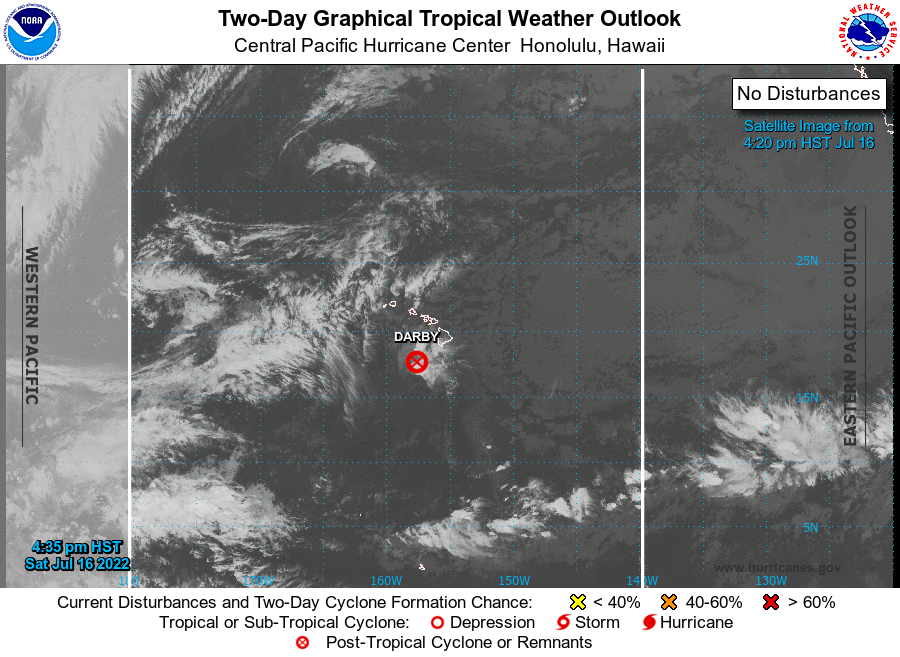
For the central North Pacific...between 140W and 180W:

The Central Pacific Hurricane Center is issuing advisories on rapidly weakening Tropical Storm Darby, which is centered about 150 miles south-southwest of Hilo, Hawaii.

Elsewhere, no tropical cyclones are expected during the next 5 days.

Public Advisories on Tropical Storm Darby are being issued under WMO header WTPA31 PHFO, and under AWIPS header HFOTCPCP1.

Forecast Advisories on Tropical Storm Darby are being issued under WMO header WTPA21 PHFO, and under AWIPS header HFOTCMCP1.

Forecaster Kinel